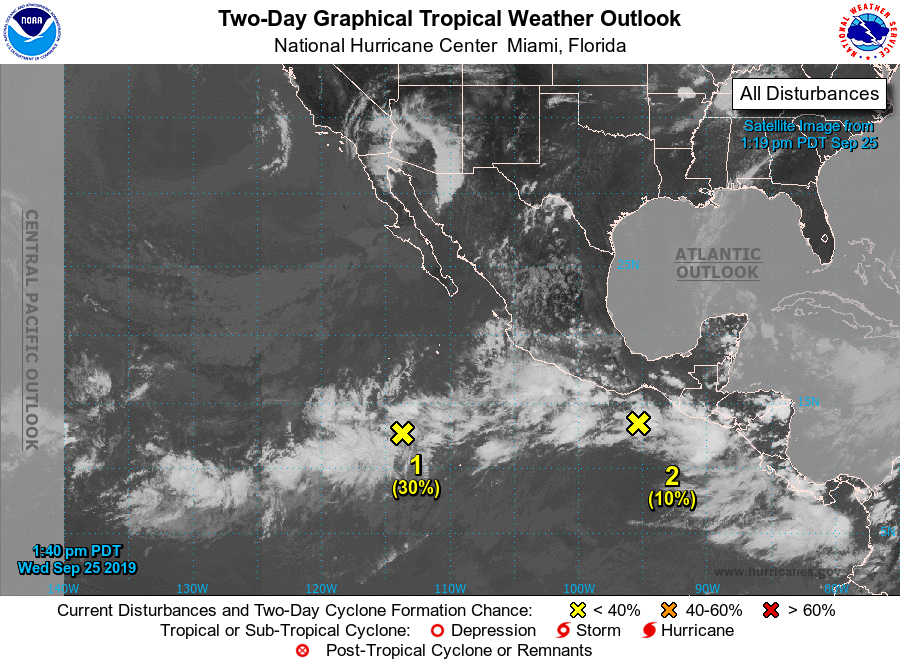
For the eastern North Pacific...east of 140 degrees west longitude:

1. Shower activity associated with a broad area of low pressure several hundred miles south-southwest of the southern tip of the Baja California peninsula has changed little during the past several hours. Gradual development of this system is possible during the next couple of days while it moves slowly northward.
* Formation chance through 48 hours...low...30 percent.
* Formation chance through 5 days...low...30 percent.

2. An area of low pressure is expected to form within a couple hundred miles of the southern coast of Mexico during the next day or two. A tropical depression is likely to form over the weekend or early next week while the system moves generally west-northwestward at 10 to 15 mph near the southern and southwestern coasts of Mexico.
* Formation chance through 48 hours...low...10 percent.
* Formation chance through 5 days...high...70 percent.

Forecaster Beven